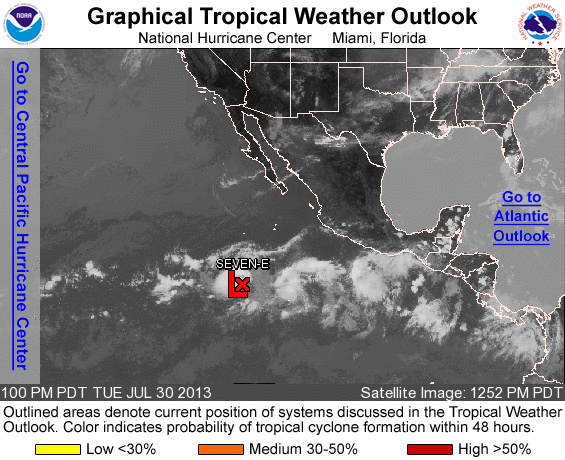
FOR THE EASTERN NORTH PACIFIC...EAST OF 140 DEGREES WEST LONGITUDE..

THE NATIONAL HURRICANE CENTER IS ISSUING ADVISORIES ON TROPICAL DEPRESSION SEVEN-E...LOCATED WELL OFFSHORE OF THE SOUTHWEST COAST OF MEXICO.

THE AREA OF DISTURBED WEATHER LOCATED ABOUT 750 MILES SOUTH OF THE SOUTHERN TIP OF THE BAJA CALIFORNIA PENINSULA HAS BECOME BETTER ORGANIZED OVER THE PAST FEW HOURS. THIS SYSTEM NOW HAS A MEDIUM CHANCE...40 PERCENT...OF BECOMING A TROPICAL CYCLONE DURING THE NEXT 48 HOURS...AS IT MOVES GENERALLY WESTWARD AT 10 TO 15 MPH.

ELSEWHERE...TROPICAL CYCLONE FORMATION IS NOT EXPECTED DURING THE NEXT 48 HOURS.

&&
PUBLIC ADVISORIES ON TROPICAL DEPRESSION SEVEN-E ARE ISSUED UNDER WMO HEADER WTPZ32 KNHC AND UNDER AWIPS HEADER MIATCPEP2. FORECAST/ADVISORIES ON TROPICAL DEPRESSION SEVEN-E ARE ISSUED UNDER WMO HEADER WTPZ22 KNHC AND UNDER AWIPS HEADER MIATCMEP2.

FORECASTER PASCH/AVILA